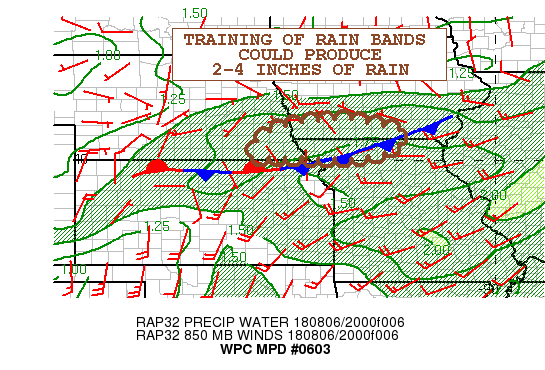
Areas affected......SOUTHEAST NEBRASKA TO SOUTHWEST IA AND
NORTHWEST MO...

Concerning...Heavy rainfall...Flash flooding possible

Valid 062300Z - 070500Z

Summary...Bands and clusters of showers and storms likely to
produce locally heavy rainfall in southeast Nebraska to southwest
Iowa and northwest MO this evening into early overnight...

Discussion...Latest radar/satellite trends indicate increasing
shower/thunderstorm coverage across central Nebraska moving east.
The models indicate a combination of mid level convergence and
upper level divergence is triggering ascent.  Ascent is aided by
steep lapse rates of 7-8 deg/KM on the 20z RAP analysis.

With dewpoints in the upper 60s to lower 70s and RAP forecasts of
pooling of precipitable water values of 1.75-2 inches, heavy
downpours are likely within the showers/storms.

The RAP and 18z NAM show 850-700 mb theta-e advection and the NAM
shows increasing convergence in this area, so showers/storms
should continue to increase.

The high res models indicate potential for 2-4 inches of rain this
evening through 06z, including the 20z HRRR, 12z WRF ARW and WRF
NMMB.  The NSSL WRF and 18z NAM have an axis further south into
northern MO but show potential for a band of heavy rain to occur.
The flash flood guidance values are on the order of 2-3 inches in
3 hours, so flash flooding was shown as possible instead of likely
given most areas have predicted rain under the flash flood
guidance.

Also, additional showers and storms may occur after this period,
so we will be monitoring for potential reissuance later this
evening into early overnight.